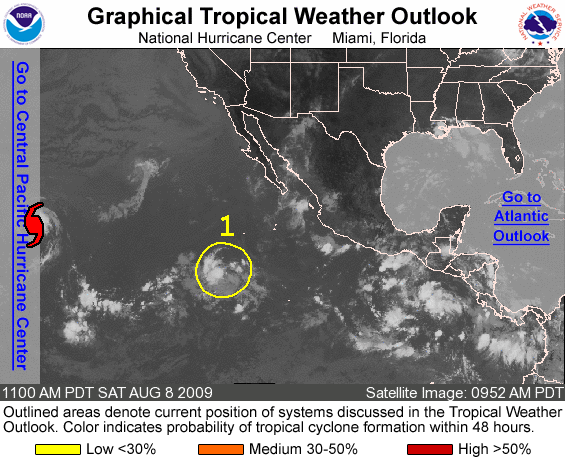
FOR THE EASTERN NORTH PACIFIC...EAST OF 140 DEGREES WEST LONGITUDE..

HURRICANE FELICIA HAS ENTERED THE CENTRAL NORTH PACIFIC BASIN AND IS LOCATED ABOUT 930 MILES EAST OF HILO HAWAII. THE NEXT ADVISORY ON FELICIA WILL BE ISSUED BY THE CENTRAL PACIFIC HURRICANE CENTER.

1. SHOWERS AND THUNDERSTORMS ASSOCIATED WITH AN AREA OF LOW PRESSURE LOCATED ABOUT 800 MILES SOUTHWEST OF THE SOUTHERN TIP OF BAJA CALIFORNIA HAVE DIMINISHED DURING THE PAST FEW HOURS. HOWEVER... SOME SLOW DEVELOPMENT OF THIS SYSTEM IS STILL POSSIBLE OVER THE NEXT COUPLE OF DAYS AS IT MOVES TOWARD THE WEST-NORTHWEST AT 10 TO 15 MPH. THERE IS A LOW CHANCE...LESS THAN 30 PERCENT...OF THIS SYSTEM BECOMING A TROPICAL CYCLONE DURING THE NEXT 48 HOURS.

ELSEWHERE...TROPICAL CYCLONE FORMATION IS NOT EXPECTED DURING THE NEXT 48 HOURS.

FORECASTER BRENNAN/BLAKE